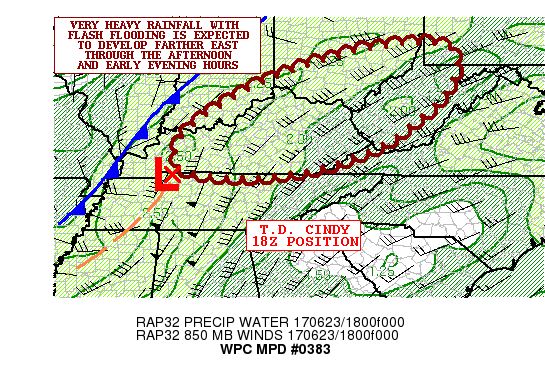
AREAS AFFECTED...FAR SOUTHEAST IN...SOUTHERN OH...CENTRAL/EASTERN
KY....CENTRAL/WESTERN WV...EXTREME SOUTHWEST PA

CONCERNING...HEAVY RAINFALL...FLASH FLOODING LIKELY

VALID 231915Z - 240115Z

SUMMARY...VERY HEAVY RAINFALL WILL DEVELOP FARTHER EAST THIS
AFTERNOON AND EVENING AS T.D. CINDY RAPIDLY MOVES EAST-NORTHEAST.
EXPECT INTENSE RAINFALL RATES AND A LIKELIHOOD OF FLASH FLOODING.

DISCUSSION...A LARGE SHIELD OF HEAVY SHOWERS AND THUNDERSTORMS
ALONG AND NORTH OF THE OH RIVER WILL CONCENTRATE FARTHER EAST OVER
THE NEXT SEVERAL HOURS AND INTO AN INCREASINGLY DESTABILIZING
AIRMASS OVER MUCH OF KY/WV...SOUTHERN OH AND INTO FAR SOUTHWEST
PA. ALL OF THIS IS BEING FACILITATED BY THE INTERACTION OF A
RAPIDLY APPROACHING UPSTREAM SHORTWAVE TROUGH AND ASSOCIATED COLD
FRONT WITH THE ADVANCE OF T.D. CINDY ACROSS NORTHWEST TN AND ITS
MASSIVE TROPICAL MOISTURE PLUME THAT ENCOMPASSES THE ENTIRE OH/TN
VALLEY REGION.

THE LATEST HIRES MODEL GUIDANCE OVERALL APPEARS TO BE A LITTLE
SLOW TO ADVANCE THE HEAVY RAINFALL POTENTIAL OFF TO THE EAST THIS
AFTERNOON...WHICH IS CONNECTED TO THE FACT THAT T.D. CINDY APPEARS
TO BE ACCELERATING A BIT MORE QUICKLY OFF TO THE EAST-NORTHEAST
THAN MOST OF THE GUIDANCE IS DEPICTING. HOWEVER...REGARDLESS OF
THIS...VERY HEAVY RAINFALL IS EXPECTED TO FOCUS FARTHER EAST
THROUGH THE AFTERNOON AND EVENING AS T.D. CINDY TRACKS ACROSS
SOUTHERN KY...WITH SHOWERS AND THUNDERSTORMS CAPABLE OF PRODUCING
VERY INTENSE RAINFALL RATES.

PWATS ARE EXPECTED TO RISE TO BETWEEN 2 AND 2.25 INCHES AND WITH
THE INCREASED INSTABILITY..COLD TOPPED CONVECTION CAPABLE OF
PRODUCING RAINFALL RATES TO OVER 2.5 INCHES/HR IS LIKELY. STRONG
MOISTURE TRANSPORT WILL ALSO FACILITATE THE GREATER RAINFALL
EFFICIENCY...AND THE LATEST RAP ANALYSIS SHOWS THE NOSE OF A 50+
KT SOUTHWEST LOW LEVEL JET AIMING UP ACROSS CENTRAL TN AND TOWARD
SOUTHERN KY AHEAD OF T.D. CINDY.

EXPECT RAINFALL TOTALS THROUGH 00Z TO BE AS HIGH AS 3 TO 5
INCHES..WITH SOME ISOLATED 6+ INCH AMOUNTS POSSIBLE. THESE TOTALS
ARE LIKELY TO CAUSE FLASH FLOODING...WHICH COULD BE LOCALLY
SIGNIFICANT...AND ESPECIALLY OVER SOME OF THE HIGHER TERRAIN OF
EASTERN KY AND CENTRAL/WESTERN WV INVOLVING THE
CUMBERLAND/ALLEGHENY PLATEAU REGION AND WEST-FACING UPSLOPE AREAS
OF THE CENTRAL APPALACHIANS.